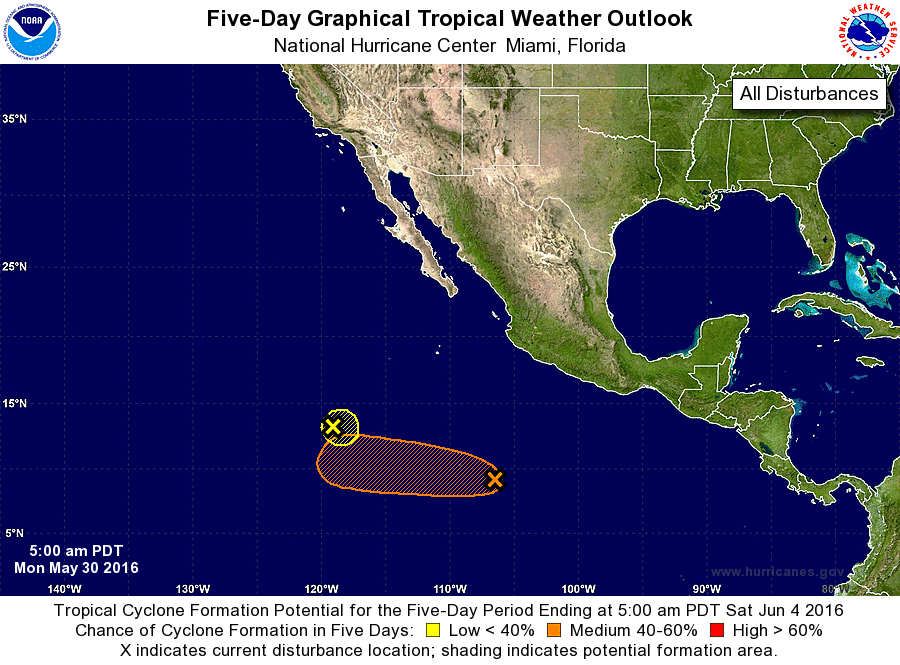
For the eastern North Pacific...east of 140 degrees west longitude:

1. A weak low pressure area located about 900 miles southwest of the southern tip of the Baja California peninsula continues to produce disorganized shower and thunderstorm activity. Environmental conditions are not conducive for development, and tropical cyclone formation is not expected.
* Formation chance through 48 hours...low...near 0 percent
* Formation chance through 5 days...low...near 0 percent

2. An area of cloudiness and thunderstorms is located about 950 miles south of the southern tip of the Baja California peninsula. Environmental conditions are expected to be generally conducive for slow development of this disturbance during the next several days while it moves slowly westward or west-northwestward.
* Formation chance through 48 hours...low...near 0 percent
* Formation chance through 5 days...medium...50 percent

Forecaster Kimberlain